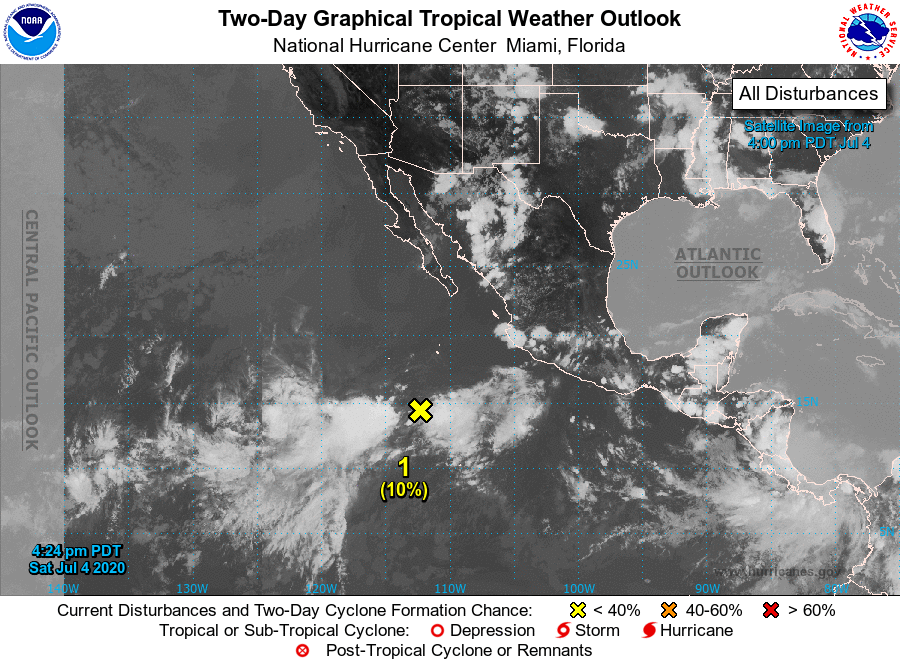
For the eastern North Pacific...east of 140 degrees west longitude:

1. A broad area of low pressure located several hundred miles south of the southern tip of the Baja California peninsula continues to produce disorganized showers and thunderstorms. Development, if any, of this system should be slow to occur during the next few days while it moves west-northwestward at about 10 mph.
* Formation chance through 48 hours...low...10 percent.
* Formation chance through 5 days...low...20 percent.

2. An area of low pressure is forecast to form south of the coast of southeastern Mexico and Guatemala in a couple of days. Environmental conditions are expected to be conducive for gradual development, and a tropical depression is likely to form by the middle of next week while the system moves west-northwestward, well south of the coast of southern Mexico.
* Formation chance through 48 hours...low...near 0 percent.
* Formation chance through 5 days...high...70 percent.

Forecaster Stewart